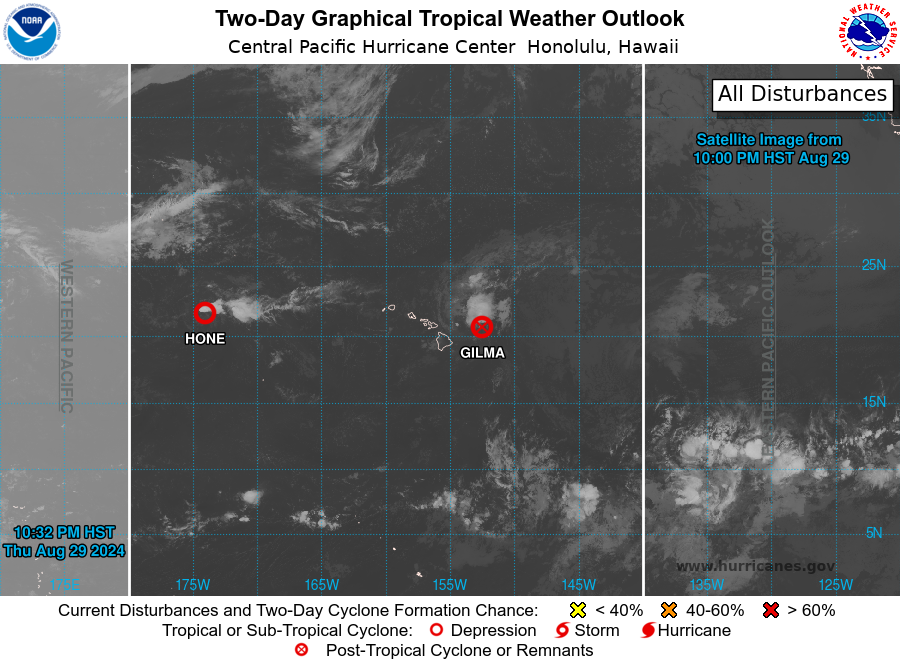
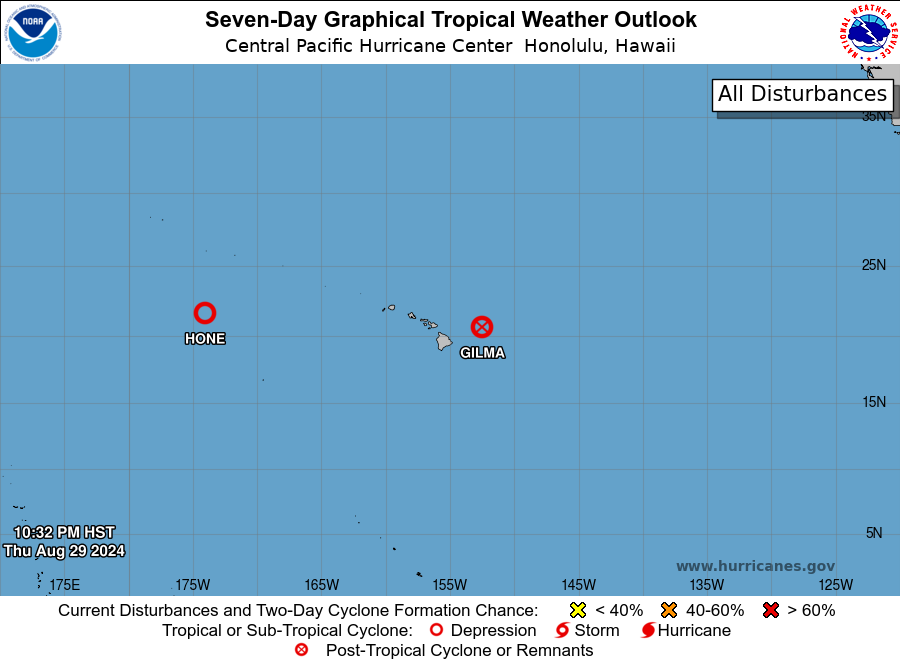
For the central North Pacific...between 140W and 180W:

Active Systems: The Central Pacific Hurricane Center in Honolulu, Hawaii is issuing advisories on Tropical Storm Hone. This system is located about 895 miles west of Lihue, Hawaii, moving west-northwest at 7 mph.

Approximately 185 miles east of Hilo, Hawaii (EP07): Remnants of Gilma is producing disorganized showers and thunderstorms. Atmospheric conditions are not conducive for redevelopment into a tropical cyclone as the low moves toward the west-northwest at 10 to 15 mph.
* Formation chance through 48 hours...low...near 0 percent.
* Formation chance through 7 days...low...near 0 percent.

Elsewhere, no tropical cyclones are expected during the next 7 days.

&&
Public advisories on Tropical Storm Hone are issued under WMO header WTPA31 PHFO and under AWIPS header HFOTCPCP1. Forecast advisories on Tropical Storm Hone are issued under WMO header WTPA11 PHFO and under AWIPS header HFOTCMCP1.

Forecaster Shigesato